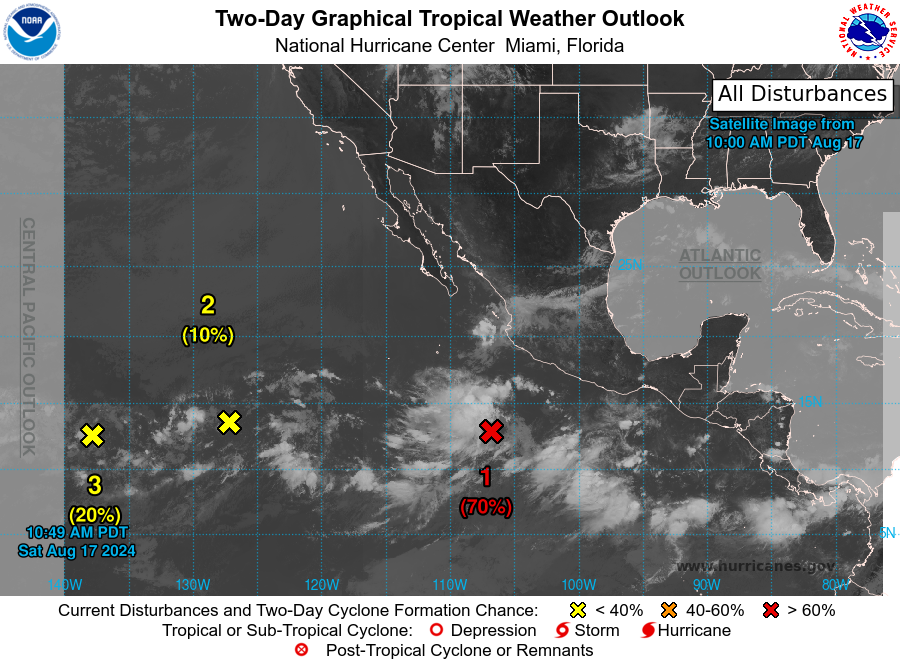
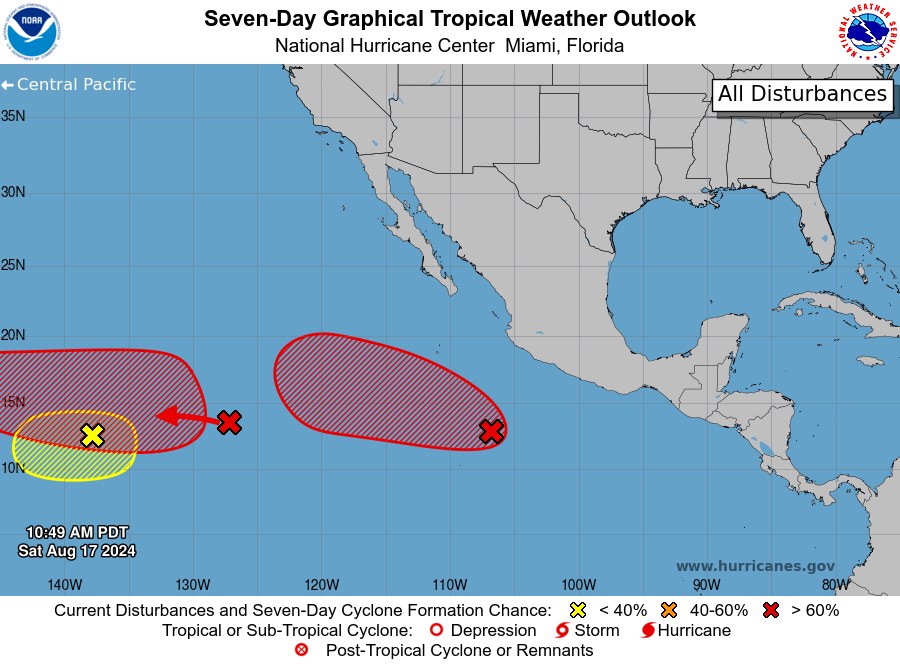
For the eastern North Pacific...east of 140 degrees west longitude:

1. Well Offshore of Southwestern Mexico (EP99): A broad area of low pressure located several hundred miles off the southwestern coast of Mexico continues to produce a distinct area of showers and thunderstorms that are showing signs of organization. Upper-level winds are forecast to be generally conducive for additional development of this system through the weekend, and a tropical depression is likely to form in the next couple of days while it moves west-northwestward at about 10 to 15 mph across the central portion of the eastern Pacific.
* Formation chance through 48 hours...high...70 percent.
* Formation chance through 7 days...high...90 percent.

2. Western Portion of the East Pacific: Widely scattered showers and thunderstorms are associated with a broad trough of low pressure located more than one thousand miles west-southwest of the southern tip of the Baja California peninsula. While this system may interact with another area of low pressure to its west-southwest over the next several days, some gradual development of this system is forecasted if it remains the dominant disturbance. A tropical depression is likely form during the middle part of next week while the system moves westward to west-northwestward over the western portion of the basin and into the Central Pacific basin by the end of the week. Information on this system's development can also be found in the Tropical Weather Outlook for the Central Pacific basin.
* Formation chance through 48 hours...low...10 percent.
* Formation chance through 7 days...high...70 percent.

3. Well Southeast of the Hawaiian Islands: A small area of low pressure located well southeast of the Hawaiian Islands is associated with some disorganized showers and thunderstorms. Some development of this system is possible this weekend into early next week while it moves slowly over the western portion of the East Pacific or Central Pacific basin. By the middle of next week, this system could merge with a larger system developing to its east. Information on this system's development can also be found in the Tropical Weather Outlook for the Central Pacific basin.
* Formation chance through 48 hours...low...20 percent.
* Formation chance through 7 days...low...20 percent.

The Tropical Weather Outlook for the Central Pacific basin can be found under AWIPS header HFOTWOCP and WMO header ACPN50 PHFO and on the web at hurricanes.gov

Forecaster Papin